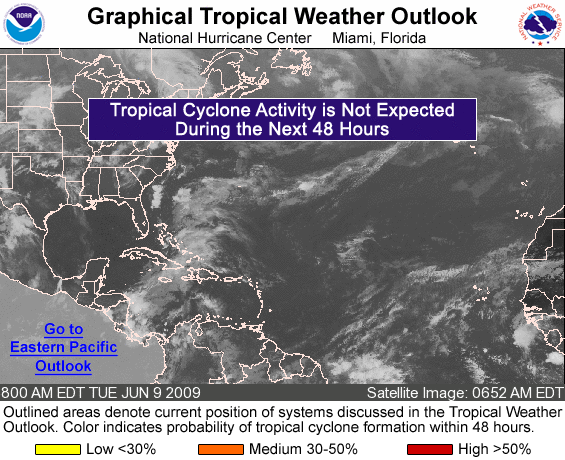
FOR THE NORTH ATLANTIC...CARIBBEAN SEA AND THE GULF OF MEXICO...

TROPICAL CYCLONE FORMATION IS NOT EXPECTED DURING THE NEXT 48 HOURS.

FORECASTER KIMBERLAIN/AVILA